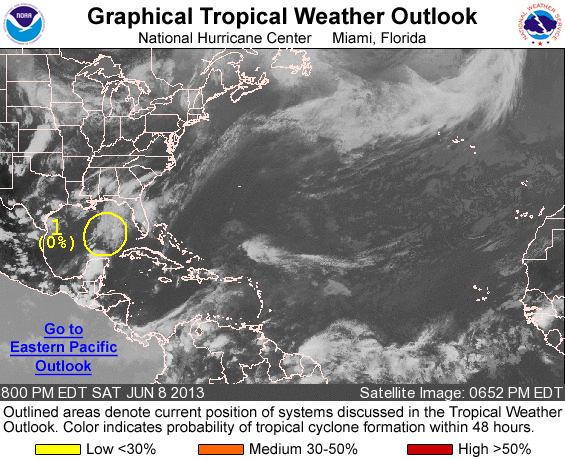
FOR THE NORTH ATLANTIC...CARIBBEAN SEA AND THE GULF OF MEXICO...

1. SHOWERS AND THUNDERSTORMS OVER THE CENTRAL GULF OF MEXICO HAVE DIMINISHED THIS EVENING. UPPER-LEVEL WINDS ARE NOT CONDUCIVE FOR DEVELOPMENT...AND THIS SYSTEM HAS A LOW CHANCE...NEAR 0 PERCENT... OF BECOMING A TROPICAL CYCLONE DURING THE NEXT 48 HOURS.

ELSEWHERE...TROPICAL CYCLONE FORMATION IS NOT EXPECTED DURING THE NEXT 48 HOURS.

FORECASTER PASCH